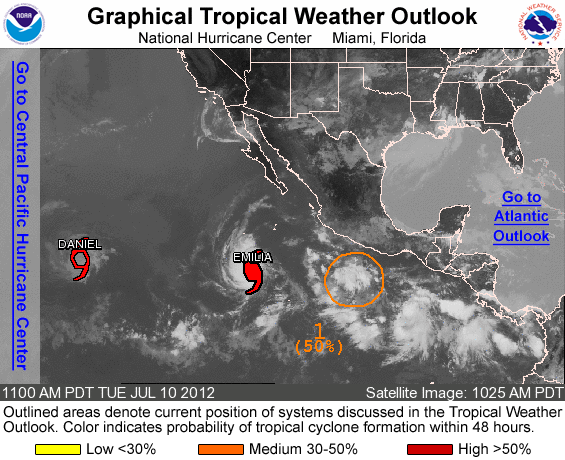
FOR THE EASTERN NORTH PACIFIC...EAST OF 140 DEGREES WEST LONGITUDE..

THE NATIONAL HURRICANE CENTER IS ISSUING ADVISORIES ON TROPICAL STORM DANIEL...LOCATED ABOUT 1350 MILES EAST OF THE HAWAIIAN ISLANDS...AND ON HURRICANE EMILIA...LOCATED ABOUT 685 MILES SOUTH-SOUTHWEST OF THE SOUTHERN TIP OF BAJA CALIFORNIA MEXICO.

1. CLOUDINESS AND SHOWERS ASSOCIATED WITH A BROAD LOW PRESSURE SYSTEM LOCATED SEVERAL HUNDRED MILES SOUTH-SOUTHEAST OF MANZANILLO MEXICO CONTINUE TO SHOW LITTLE CHANGE IN ORGANIZATION. HOWEVER... CONDITIONS APPEAR CONDUCIVE FOR SLOW DEVELOPMENT OF THIS DISTURBANCE OVER THE NEXT FEW DAYS AS IT MOVES WEST-NORTHWESTWARD NEAR 10 MPH. THIS SYSTEM HAS A MEDIUM CHANCE...50 PERCENT...OF BECOMING A TROPICAL CYCLONE DURING THE NEXT 48 HOURS.

ELSEWHERE...TROPICAL CYCLONE FORMATION IS NOT EXPECTED DURING THE NEXT 48 HOURS.

FORECASTER PASCH